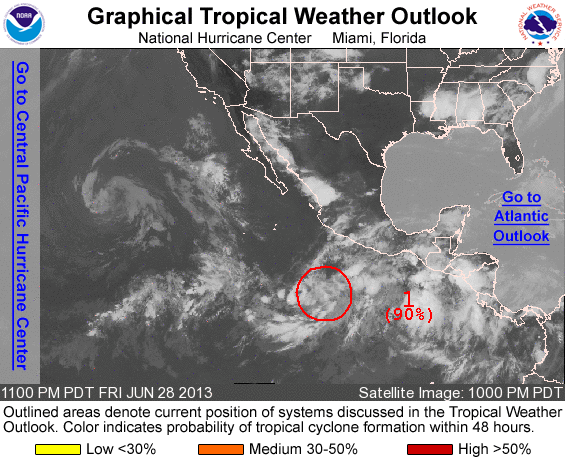
FOR THE EASTERN NORTH PACIFIC...EAST OF 140 DEGREES WEST LONGITUDE..

1. SHOWER AND THUNDERSTORM ACTIVITY ASSOCIATED WITH AN AREA OF LOW PRESSURE CENTERED ABOUT 500 MILES SOUTHWEST OF ACAPULCO MEXICO HAS CHANGED LITTLE OVER THE PAST FEW HOURS. HOWEVER...ENVIRONMENT CONDITIONS REMAIN FAVORABLE FOR A TROPICAL DEPRESSION TO FORM ON SATURDAY. THIS SYSTEM HAS A HIGH CHANCE...90 PERCENT...OF BECOMING A TROPICAL CYCLONE DURING THE NEXT 48 HOURS AS IT BEGINS TO MOVE NORTHWARD AT AROUND 5 MPH.

ELSEWHERE...TROPICAL CYCLONE FORMATION IS NOT EXPECTED DURING THE NEXT 48 HOURS.

FORECASTER BLAKE